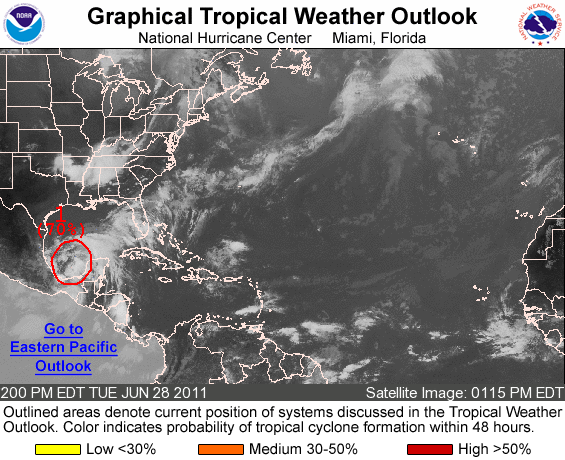
FOR THE NORTH ATLANTIC...CARIBBEAN SEA AND THE GULF OF MEXICO...

1. THE LOW-LEVEL CIRCULATION ASSOCIATED WITH A BROAD AREA OF LOW PRESSURE OVER THE BAY OF CAMPECHE HAS BECOME BETTER DEFINED TODAY...BUT THE ACCOMPANYING SHOWER ACTIVITY HAS CHANGED LITTLE IN ORGANIZATION. UPPER-LEVEL WINDS ARE FORECAST TO GRADUALLY BECOME MORE CONDUCIVE FOR DEVELOPMENT...AND THE SYSTEM HAS THE POTENTIAL TO BECOME A TROPICAL DEPRESSION LATER TODAY OR ON WEDNESDAY. THERE IS A HIGH CHANCE...70 PERCENT...OF THIS SYSTEM BECOMING A TROPICAL CYCLONE DURING THE NEXT 48 HOURS AS IT MOVES WEST-NORTHWESTWARD AT 5 TO 10 MPH. AN AIR FORCE RESERVE UNIT HURRICANE HUNTER PLANE IS CURRENTLY INVESTIGATING THE AREA. REGARDLESS OF DEVELOPMENT... LOCALLY HEAVY RAINS AND GUSTY WINDS SHOULD CONTINUE OVER PORTIONS OF EASTERN MEXICO OVER THE NEXT DAY OR TWO.

ELSEWHERE...TROPICAL CYCLONE FORMATION IS NOT EXPECTED DURING THE NEXT 48 HOURS.

FORECASTER PASCH/BERG